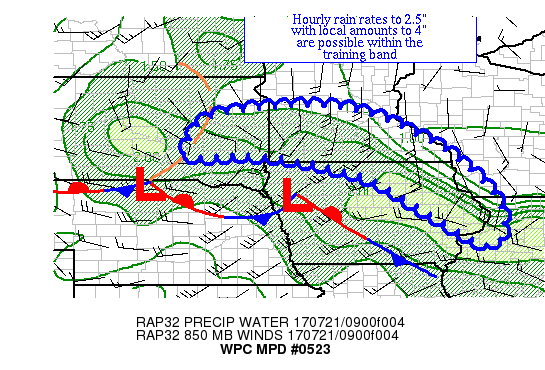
AREAS AFFECTED...NORTHERN PLAINS/UPPER MIDWEST

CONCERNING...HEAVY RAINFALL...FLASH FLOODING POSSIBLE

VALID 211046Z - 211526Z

SUMMARY...THUNDERSTORMS ARE EXPANDING IN COVERAGE WITHIN A WARM
ADVECTION REGIME.  HOURLY RAIN RATES TO 2.5" WITH LOCAL AMOUNTS TO
4" ARE POSSIBLE.

DISCUSSION...ELEVATED CONVECTION HAS BEEN DEVELOPING OVER THE PAST
2-3 HOURS ACROSS SOUTHEAST SD, SOUTHERN MN, AND NORTHEAST IA IN A
DIVERGENT AREA ALOFT AHEAD OF A SHORTWAVE MOVING THROUGH THE
WESTERN DAKOTAS.  PRECIPITABLE WATER VALUES OF ~2" WERE REPORTED
WITHIN RECENT GPS DATA.  EFFECTIVE BULK SHEAR OF ~35 KTS LIES
ACROSS THE AREA.  INFLOW AT 850 HPA IS 20-35 KTS PER VAD WIND
PROFILE INFORMATION, IMPORTING MU CAPE VALUES OF 500-2000 J/KG
INTO THE REGION.

MOST OF THE GUIDANCE, OUTSIDE OF OCCASIONAL HRRR AND EXPERIMENTAL
HRRR RUNS, HAS EITHER BEEN TOO DELAYED WITH THE FORMATION OF THIS
CONVECTION OR HAS MISSED THE BOAT ENTIRELY.  THUNDERSTORMS WITH
SOME ORGANIZATION ARE EXPECTED TO MOVE GENERALLY EASTWARD AT 20-25
KTS PER FORWARD PROPAGATING VECTORS WITH THE BAND EDGING NORTHEAST
WITH TIME.  CONSIDERING THE AVAILABLE MOISTURE AND RECENT
TRAINING, HOURLY RAIN RATES TO 2.5" WITH LOCAL AMOUNTS TO 4" ARE
EXPECTED THROUGH 15Z.  THEREAFTER, LOW-LEVEL INFLOW BEGINS TO BACK
WHICH ALONG WITH CIN REDUCTION COULD LEAD TO SOME CONVECTIVE
REORGANIZATION AND BREAK UP THE TRAINING BAND.